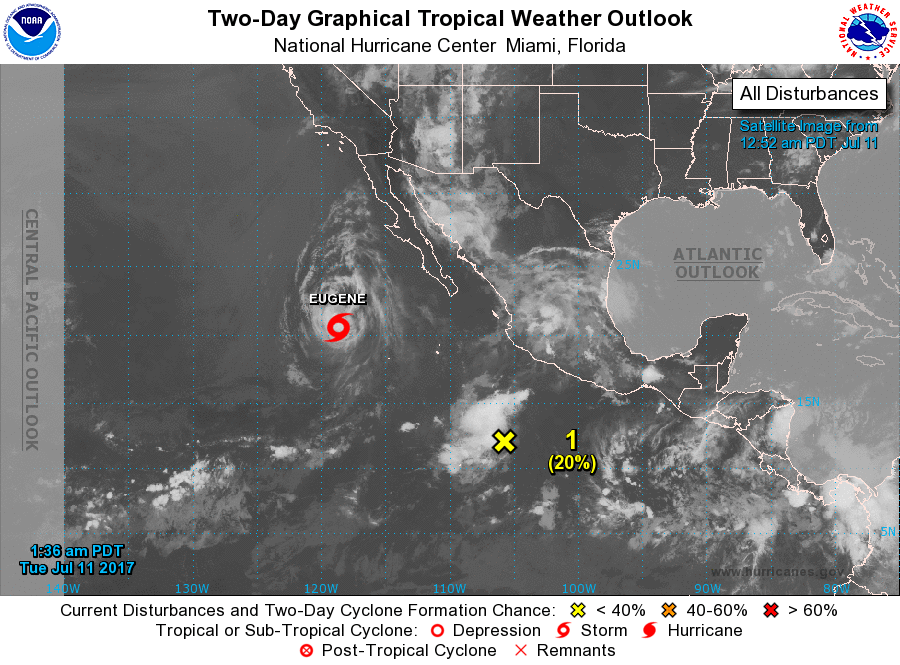
For the eastern North Pacific...east of 140 degrees west longitude:

The National Hurricane Center is issuing advisories on recently downgraded Tropical Storm Eugene, located several hundred miles south-southwest of Punta Eugenia, Mexico.

1. Showers and thunderstorms have become a little better organized since yesterday near a broad area of low pressure located several hundred miles south-southwest of Manzanillo, Mexico. Environmental conditions could become more conducive for gradual development of this system over the next several days while it moves westward or west-northwestward at about 10 mph.
* Formation chance through 48 hours...low...20 percent.
* Formation chance through 5 days...medium...40 percent.

Forecaster Berg